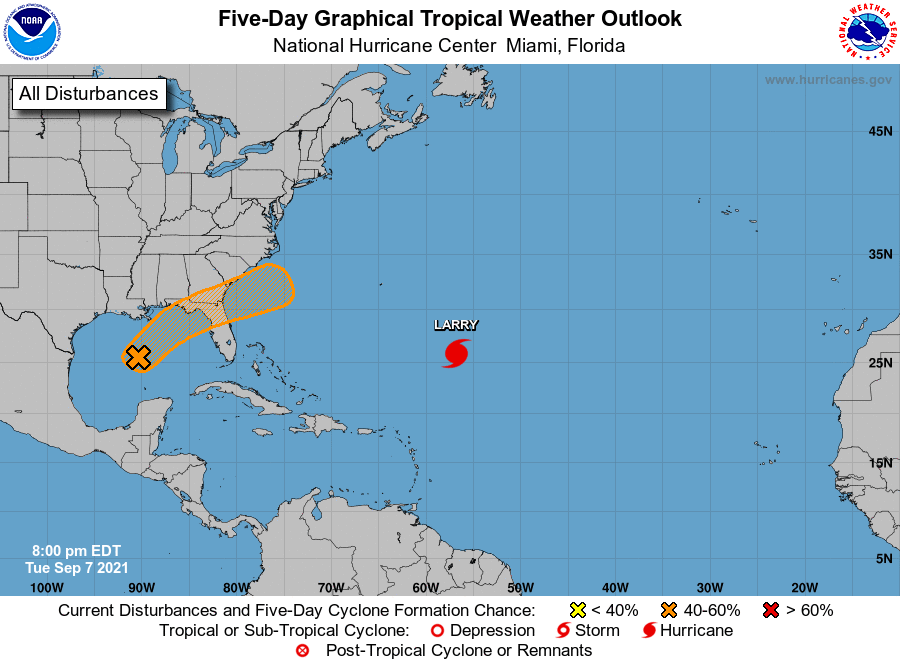
For the North Atlantic...Caribbean Sea and the Gulf of Mexico:

The National Hurricane Center is issuing advisories on Hurricane Larry, located over the central Atlantic several hundred miles southeast of Bermuda.

1. Showers and thunderstorms have increased somewhat this evening over the south-central Gulf of Mexico in association with a surface trough and an upper-level disturbance. The system is expected to move slowly northeastward over the central and northeastern Gulf of Mexico during the next couple of days. Upper-level winds are currently only marginally conducive for development, but they are forecast to become slightly more favorable by late Wednesday, and a tropical or subtropical depression could form as the system nears the northern Gulf coast Wednesday night or Thursday. The disturbance is then expected to cross the southeastern United States, and some slight additional development will be possible after it emerges off the southeastern United States coast late this week. Regardless of development, areas of heavy rainfall will be possible across portions of the Florida panhandle and southern Georgia on Wednesday and Thursday, with localized flooding possible.
* Formation chance through 48 hours...medium...50 percent.
* Formation chance through 5 days...medium...50 percent.

Forecaster Stewart